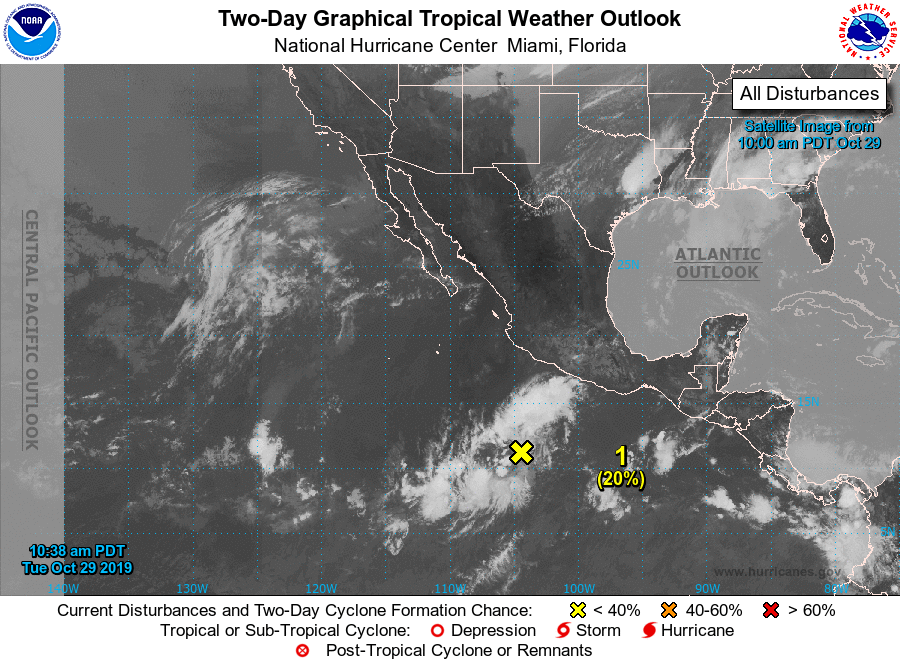
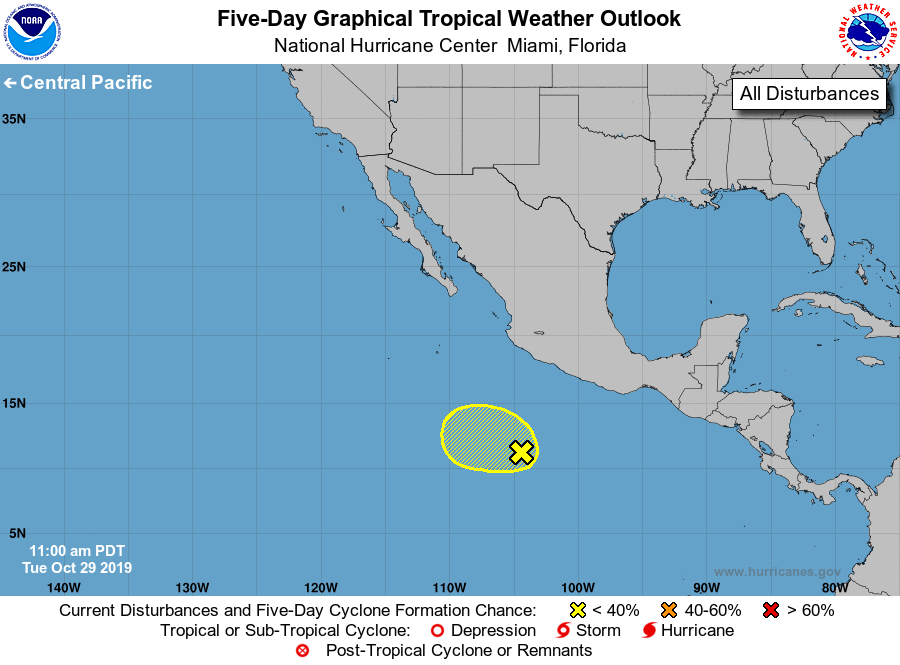
For the eastern North Pacific...east of 140 degrees west longitude:

1. Disorganized showers and thunderstorms located several hundred miles southwest of the southern coast of Mexico are associated with an elongated area of low pressure. Some development of this system is possible over the next couple of days while it moves slowly westward. By late this week, conditions are expected to become unfavorable for development.
* Formation chance through 48 hours...low...20 percent.
* Formation chance through 5 days...low...20 percent.

Forecaster Pasch